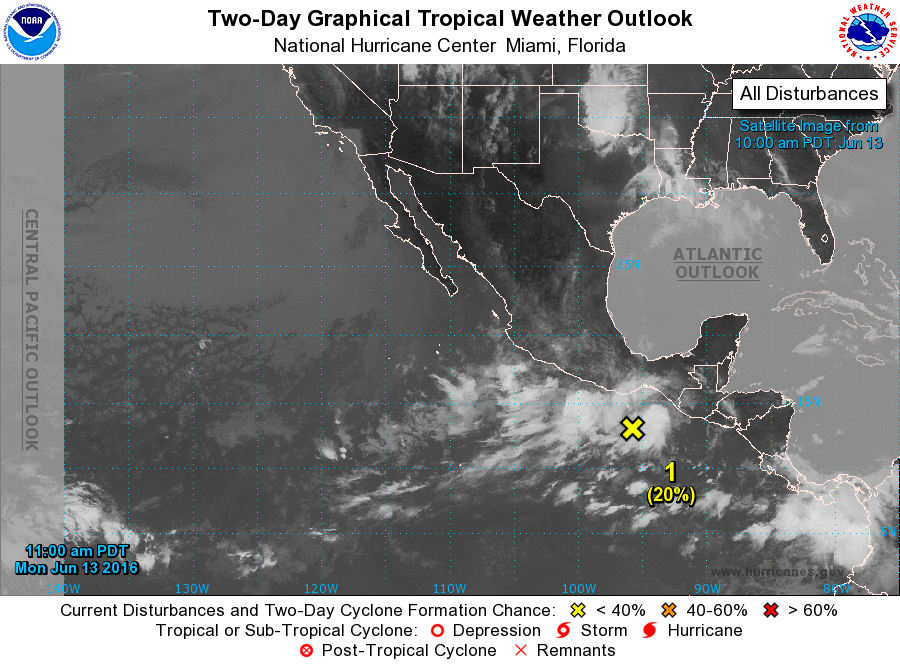
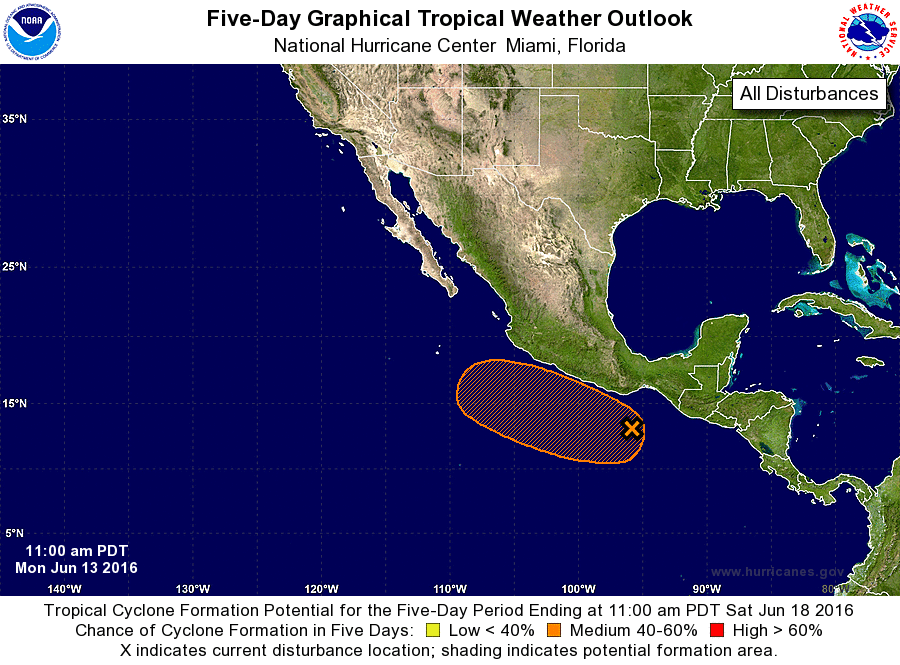
For the eastern North Pacific...east of 140 degrees west longitude:

1. An area of low pressure is expected to develop south of the coast of southern Mexico in a couple of days in association with a tropical wave that is currently located near the Gulf of Tehuantepec. Environmental conditions are expected to be conducive for gradual development of this system, and a tropical depression could form later this week while the disturbance moves westward or west-northwestward.
* Formation chance through 48 hours...low...20 percent
* Formation chance through 5 days...medium...50 percent

Forecaster Pasch